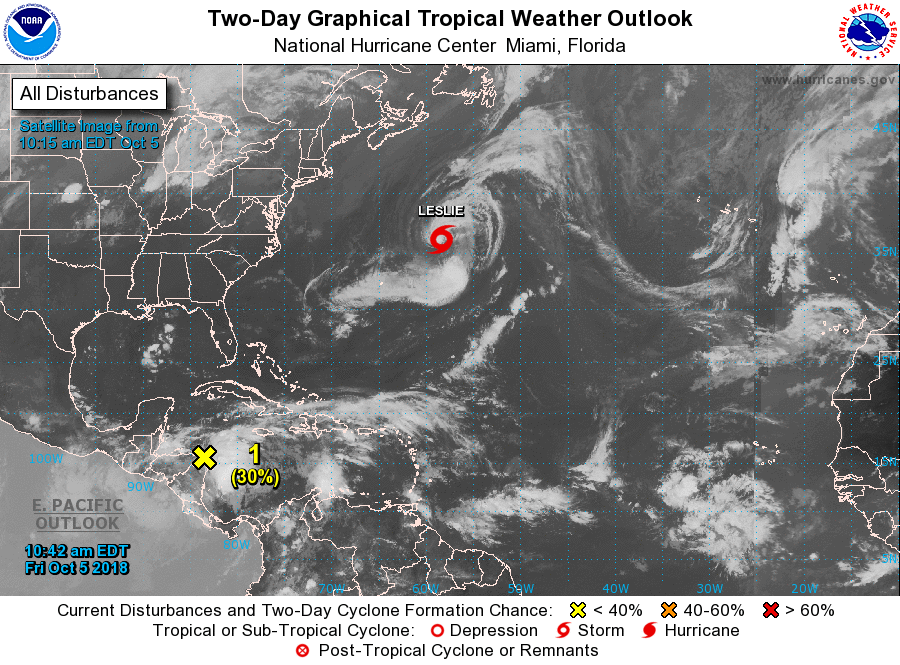
For the North Atlantic...Caribbean Sea and the Gulf of Mexico:

The National Hurricane Center is issuing advisories on Tropical Storm Leslie, located over the central Atlantic Ocean.

1. Showers and thunderstorms associated with an area of low pressure located near Cabo Gracias a Dios on the eastern border of Honduras and Nicaragua have become more concentrated during the past several hours. Although strong winds aloft are located just to the north of this system, the upper-level environment is expected to be conducive enough to allow slow development, and a tropical depression could form by late this weekend or early next week over the northwestern Caribbean Sea or southern Gulf of Mexico while the system moves slowly northwestward. Regardless of tropical cyclone formation, this disturbance will continue to bring torrential rains primarily to portions of Central America and the Yucatan peninsula during the next few days.
* Formation chance through 48 hours...low...30 percent.
* Formation chance through 5 days...medium...60 percent.

Forecaster Beven